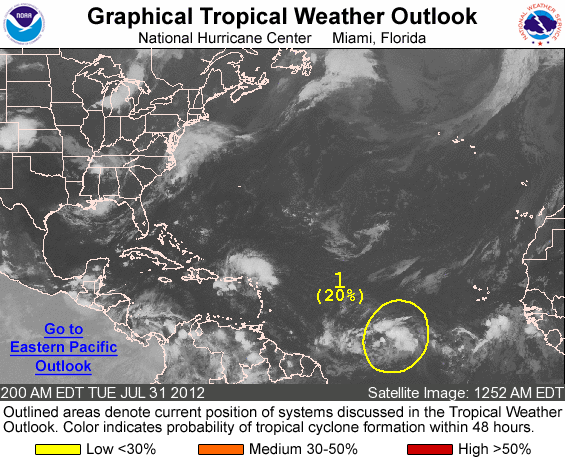
FOR THE NORTH ATLANTIC...CARIBBEAN SEA AND THE GULF OF MEXICO...

1. A WEAK AREA OF LOW PRESSURE ASSOCIATED WITH A TROPICAL WAVE LOCATED ABOUT 1100 MILES WEST-SOUTHWEST OF THE CAPE VERDE ISLANDS CONTINUES TO PRODUCE DISORGANIZED SHOWER AND THUNDERSTORM ACTIVITY. ENVIRONMENTAL CONDITIONS APPEAR CONDUCIVE FOR SOME GRADUAL DEVELOPMENT OVER THE NEXT FEW DAYS...AND THIS SYSTEM HAS A LOW CHANCE...20 PERCENT...OF BECOMING A TROPICAL CYCLONE DURING THE NEXT 48 HOURS AS IT MOVES WESTWARD AT 10 TO 15 MPH.

ELSEWHERE...TROPICAL CYCLONE FORMATION IS NOT EXPECTED DURING THE NEXT 48 HOURS.

FORECASTER PASCH